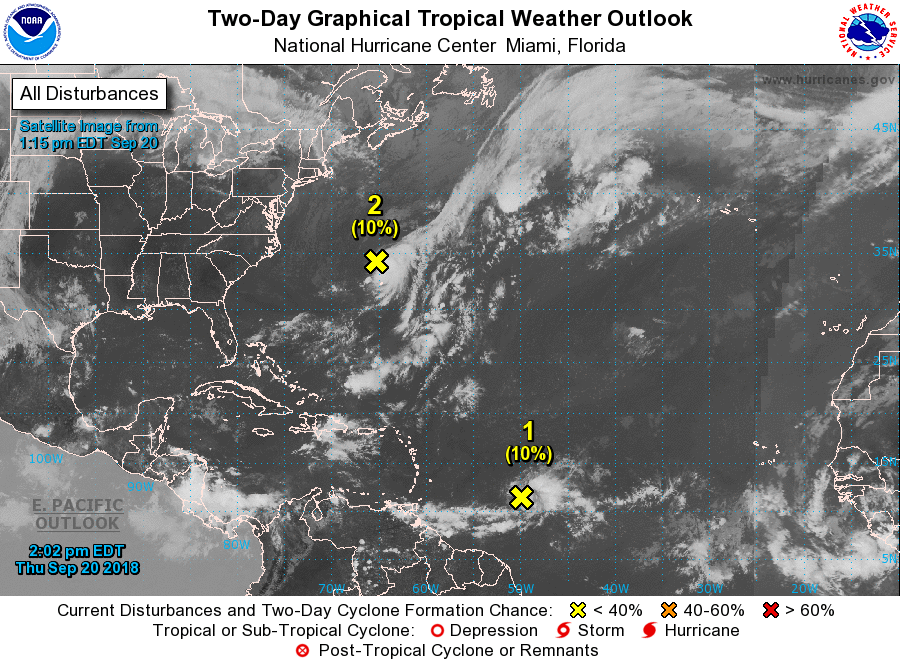
For the North Atlantic...Caribbean Sea and the Gulf of Mexico:

1. Satellite imagery shows that showers and thunderstorms associated with a westward-moving tropical wave located about 750 miles east of the Windward Islands have become less organized over the last several hours. There is no evidence of a surface circulation at this time, and a combination of dry air and strong upper-level winds are expected to make development of this system unlikely while it moves westward at 10-15 mph.
* Formation chance through 48 hours...low...10 percent.
* Formation chance through 5 days...low...10 percent.

2. A non-tropical area of low pressure with gale-force winds is located about 150 miles north of Bermuda and is moving south-southeastward at about 15 mph. Although there are some signs of organization, dry air and strong upper-level winds are expected to limit development of this system over the next couple of days. However, conditions could become a bit more conducive for this low to gradually acquire some tropical characteristics early next week as the low moves south and then drifts westward to the southwest of Bermuda.
* Formation chance through 48 hours...low...10 percent.
* Formation chance through 5 days...low...20 percent.

3. Another non-tropical low pressure system is forecast to develop by Friday night over the central subtropical Atlantic Ocean between Bermuda and the Azores. Conditions are expected to be conducive for the low to acquire some subtropical or tropical characteristics, and a subtropical or tropical cyclone could form late this weekend or early next week while the low meanders over the central Atlantic Ocean.
* Formation chance through 48 hours...low...near 0 percent.
* Formation chance through 5 days...medium...50 percent.

4. A tropical wave is forecast to emerge off the west coast of Africa by Saturday. Some slow development of this system is possible early next week as it moves quickly westward across the low latitudes of the eastern tropical Atlantic Ocean.
* Formation chance through 48 hours...low...near 0 percent.
* Formation chance through 5 days...low...20 percent.

Forecaster Orrison/Blake